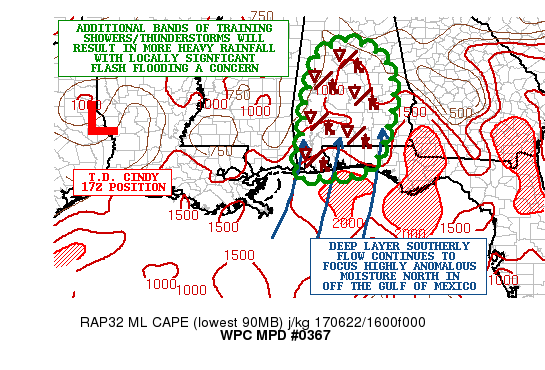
AREAS AFFECTED...CENTRAL/SOUTHERN AL...WESTERN FL PANHANDLE

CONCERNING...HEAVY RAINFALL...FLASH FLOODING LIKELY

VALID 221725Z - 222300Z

SUMMARY...BANDS OF TRAINING SHOWERS AND THUNDERSTORMS WITH VERY
INTENSE RAINFALL RATES ARE EXPECTED THIS AFTERNOON. THIS WILL
CONTINUE TO RESULT IN LOCALLY SIGNIFICANT FLASH FLOODING CONCERNS.

DISCUSSION...DEEP LAYER SOUTHERLY FLOW AROUND THE FAR EASTERN
FLANK OF T.D. CINDY CONTINUES TO TRANSPORT EXTREMELY HIGH PWATS
NORTH UP ACROSS THE CENTRAL GULF COAST REGION...WITH PWATS UP
AROUND 2.5 INCHES ACROSS MUCH OF CENTRAL/SOUTHERN AL AND THE
WESTERN FL PANHANDLE. IN FACT...SURFACE DEWPOINTS ARE GENERALLY IN
THE MID TO UPPER 70S AND THIS IN CONJUNCTION WITH INCREASED
DIURNAL HEATING/BOUNDARY LAYER INSTABILITY IS RESULTING IN
NUMEROUS TRAINING BANDS OF SHOWERS AND THUNDERSTORMS WITH
EXTREMELY  HEAVY RAINFALL RATES.

RAINFALL RATES AS HIGH AS 3 INCHES/HR ARE EXPECTED THIS AFTERNOON
AS CONVECTION CONTINUES TO DEVELOP WITH THE AID OF NOT ONLY THE
FAVORABLE THERMODYNAMIC ENVIRONMENT BUT ALSO A NOTABLY CONFLUENT
FLOW REGIME FROM THE SURFACE UP TO AROUND 700 MB. THE UPPER LEVELS
ARE ALSO BECOMING MORE DIFFLUENT WHICH IS HELPING TO PROVIDE MASS
FIELD EVACUATION ALOFT AND GENERALLY AIDING THE EXPANSION OF
COLDER CONVECTIVE TOPS.

THE HIRES MODELS ARE DOING A VERY POOR JOB WITH THE CURRENT
CONVECTIVE EVOLUTION...WITH THE 12Z ARW/NMMB SOLUTIONS THE WORST
PERFORMING. HOWEVER...EVEN THE HRRR GUIDANCE APPEARS TO BE
MISPLACING THE AXIS OF CONVECTION AND NOT SUSTAINING THE ORGANIZED
NATURE OF IT LONG ENOUGH OVER THE NEXT SEVERAL HOURS. THE HRRRX
OVERALL APPEARS TO BE THE BEST PIECE OF GUIDANCE COMPARED TO THE
LATEST SATELLITE/RADAR TRENDS...BUT STILL LOOKS A BIT UNDERDONE.

THE LATEST THINKING IS THAT LOCALLY 3 TO 5 INCHES OF ADDITIONAL
RAIN WILL BE POSSIBLE THROUGH ABOUT 23Z...WITH ISOLATED HEAVIER
TOTALS TO AROUND 6 INCHES OR SO WHERE MORE FOCUSED TRAINING OF
CELLS OCCUR. THESE ADDITIONAL RAINS...ESPECIALLY FOR SOUTHERN
AL...WILL RESULT IN THE POTENTIAL FOR SIGNIFICANT FLASH FLOODING
AND/OR RUNOFF PROBLEMS GIVEN THE EARLY RAINFALL OF THIS MULTI-DAY
HEAVY RAINFALL EVENT.